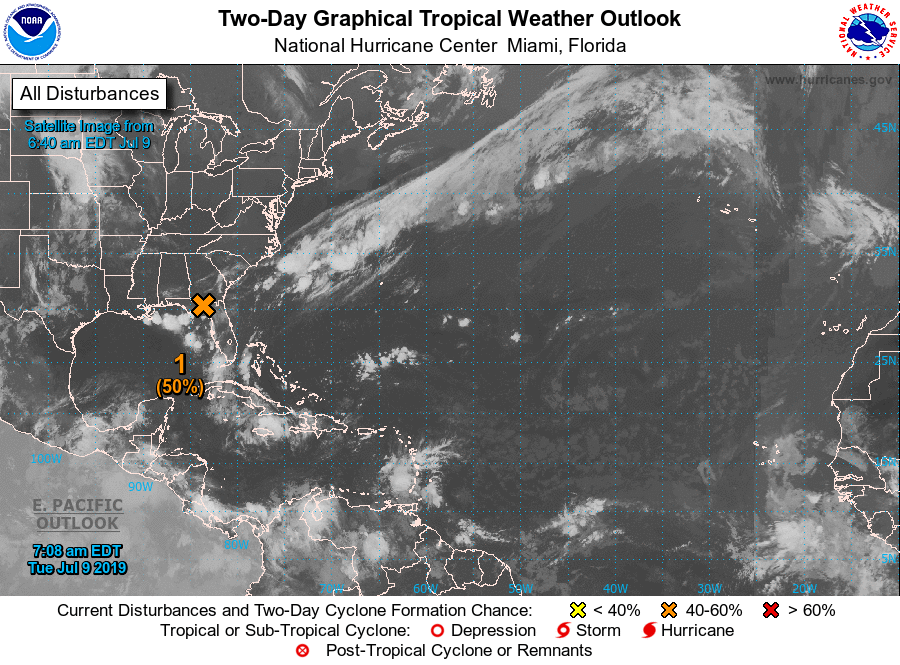
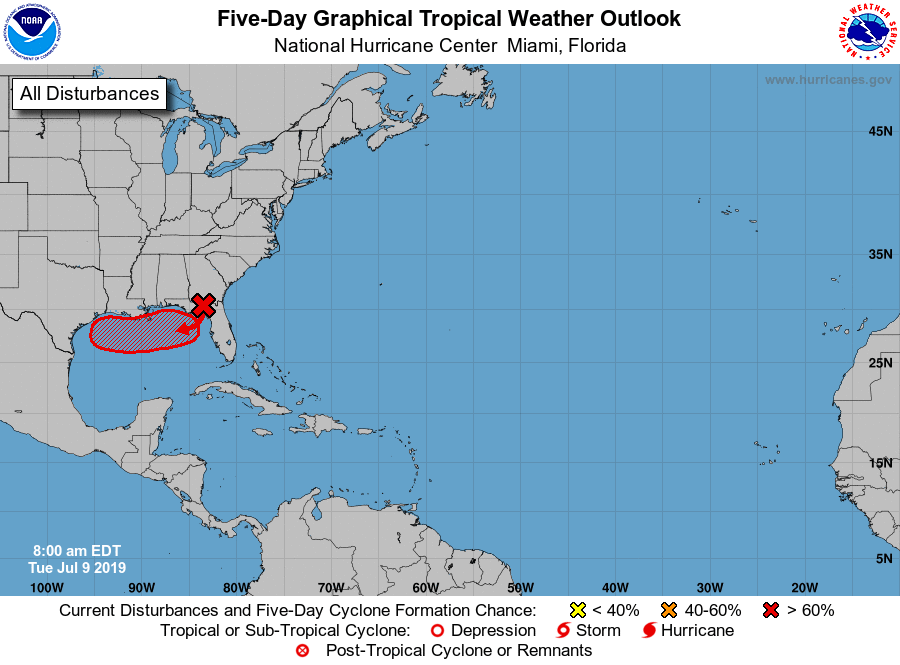
For the North Atlantic...Caribbean Sea and the Gulf of Mexico:

1. A broad low pressure system located over the eastern Florida Panhandle is producing disorganized shower activity. The low is forecast to move southward to southwestward and emerge over the northeastern Gulf of Mexico later today. Once the system is over water, environmental conditions are expected to be conducive for tropical cyclone formation, and a tropical depression is likely to develop by late Wednesday or Thursday while the system moves westward across the northern Gulf of Mexico. Regardless of whether or not a tropical cyclone forms, this system has the potential to produce heavy rainfall along portions of the northern and eastern U.S. Gulf Coast later this week. For more information about the rainfall threat, please see products issued by your local weather forecast office and the NOAA Weather Prediction Center. Interests along the Gulf Coast from the Upper Texas coast to the western Florida peninsula should monitor the progress of this system.
* Formation chance through 48 hours...medium...50 percent.
* Formation chance through 5 days...high...80 percent.

Forecaster Stewart